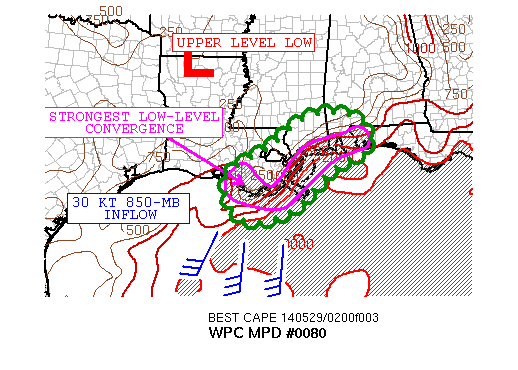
AREAS AFFECTED...SOUTHERN AND SOUTHEASTERN LA/SOUTHERN MS/SOUTHERN
AL/FL PANHANDLE...

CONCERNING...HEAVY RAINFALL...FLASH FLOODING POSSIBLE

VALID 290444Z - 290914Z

SUMMARY...THERE IS INCREASING CONFIDENCE IN HEAVY RAINFALL ALONG
THE CENTRAL GULF COAST WHICH MAY LEAD TO AREAS OF FLASH FLOODING.
IT MAY TAKE A FEW HOURS OF PERSISTENT HIGH RAINFALL RATES GIVEN
MUCH OF THE REGION ENCOMPASSED BY THE MPD CONTAINS FAIRLY HIGH FFG
VALUES.

DISCUSSION...THE PAST FEW IMAGES FROM THE IR SATELLITE IMAGERY
SHOWED CLOUD TOPS RAPIDLY COOLING...PARTICULARLY ALONG THE
IMMEDIATE GULF COAST WHERE SURFACE CONVERGENCE HAS BEEN MAXIMIZED.
00Z RAOBS ACROSS THE REGION INDICATED AN ATMOSPHERE NEAR
SATURATION FROM THE BOUNDARY LAYER UP TO THE UPPER TROPOSPHERE
WITH PWATS AROUND 2 INCHES. THE 03Z RAP SHOWED LOW-LEVEL WINDS
GRADUALLY BACKING FROM THE SSW MORE TOWARD THE SSE OVERNIGHT WHICH
MAINTAINS A STEADY FLUX OF MOISTURE TOWARD SOUTHEASTERN LA. RADAR
AND SATELLITE IMAGERY SUGGESTED CONTINUAL REGENERATION OF
CONVECTION ALONG THE LEADING EDGE OF THE LOW-LEVEL INFLOW ACROSS
THE SOUTH-CENTRAL LA COAST. THE 1000 TO 2000 J/KG OF MLCAPE
CONFINED TO THE COASTLINE SOUTHWARD INTO THE NORTHERN GULF OF
MEXICO SHOULD HELP MAINTAIN LOCAL UPDRAFTS WITHIN THE MOIST AND
UNSTABLE ENVIRONMENT. NOT QUITE AS CONCERNED WITH ACTIVITY FURTHER
INLAND GIVEN THE COASTAL CONVECTION HAS ROBBED MUCH OF THE
MOISTURE CONTENT FROM LOCATIONS FARTHER NORTH. LOCAL METARS ACROSS
THE REGION HAVE REPORTED 1 TO 2 INCHES OF RAINFALL IN THE PAST 3
HOURS. EXPECT SUCH RATES TO CONTINUE AS THE CONVECTION PERSISTS
THE NEXT SEVERAL HOURS. THERE ARE INDICATIONS FROM THE NEW 00Z
HIGH-RESOLUTION GUIDANCE THAT SOME OF THE ACTIVITY MAY SHIFT
FURTHER WEST ALONG THE LA COAST. THIS SEEMS REASONABLE GIVEN THE
LATEST IR SATELLITE TRENDS.